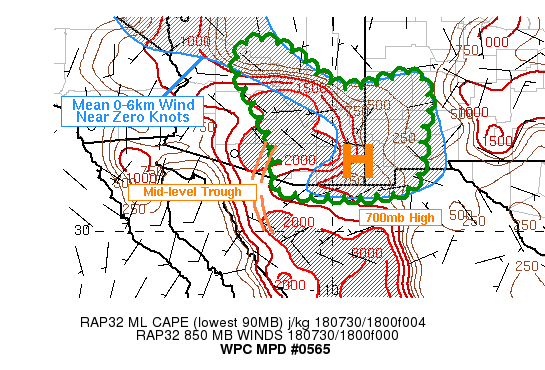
Areas affected...Southwest NM into southeast and central AZ

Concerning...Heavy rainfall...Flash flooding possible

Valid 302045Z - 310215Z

Summary...Although today perhaps lacks synoptic or even mesoscale
organization, the combination of moderate instability and
unusually slow cell motions will fuel a risk of flash flooding.

Discussion...All indications from satellite and radar trends and
mesoscale models were that diurnal convection will again become
relatively widespread, forming first at the high terrain in AZ and
western NM. The region was marked by seasonably rich moisture, and
although PW values near 1.25 inches in the mountains (greater at
desert elevations) were not especially anomalous, there is some
concern over the degree of instability coupled with slow cell
motions.

At 2030Z the SPC mesoanalysis indicated a gradient of 500-1000
J/kg mixed-layer CAPE in the initiation areas, rapidly increasing
to over 2500 J/kg with southwestward extent into the population
centers (Phoenix, Tucson) and deserts. Moreover, the expected cell
motions, or mean 0-6km winds, were forecast by the RAP and other
models at near zero knots. Cell motions are often slow, but are
rarely near zero over a broad area such as is expected today. With
no real organizing influence, outflows will be required to
initiate new cells, but these outflows may be relatively
successful given the strong instability. Some enhanced 850-mb
westerly inflow is available as well, and 700-500-mb flow
increases in a narrow zone near and west of Tucson toward a
westward moving inverted trough feature.

The models generally agree to spotty heavy rainfall here,
including the University of AZ WRF. Rain rates should increase
over time as outflows become more numerous and perhaps yield some
cell collisions, although the flash flood threat will likely owe
to 1 or 2-hour rainfall exceeding an inch or two rather than
anything longer term.